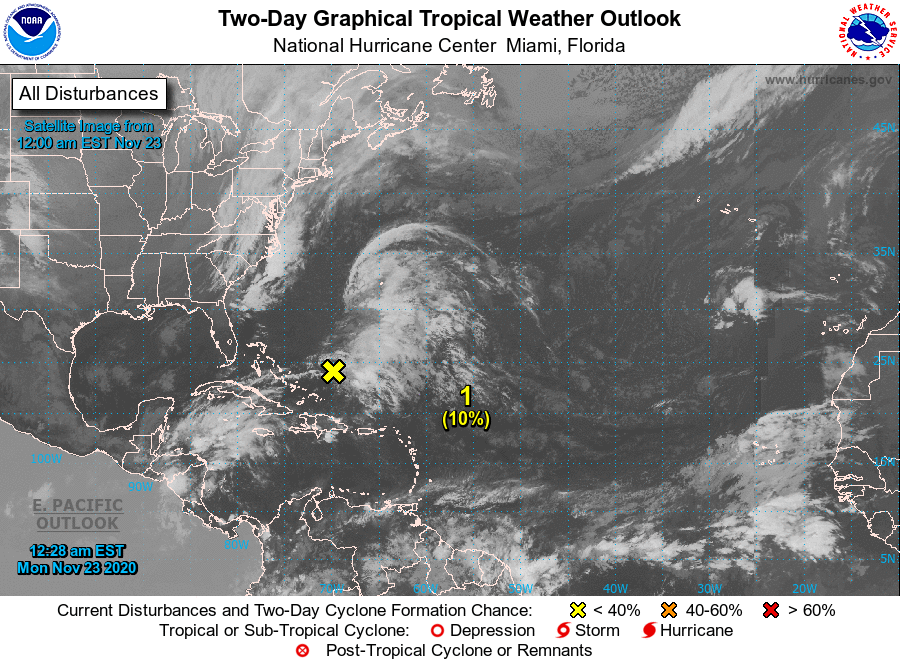
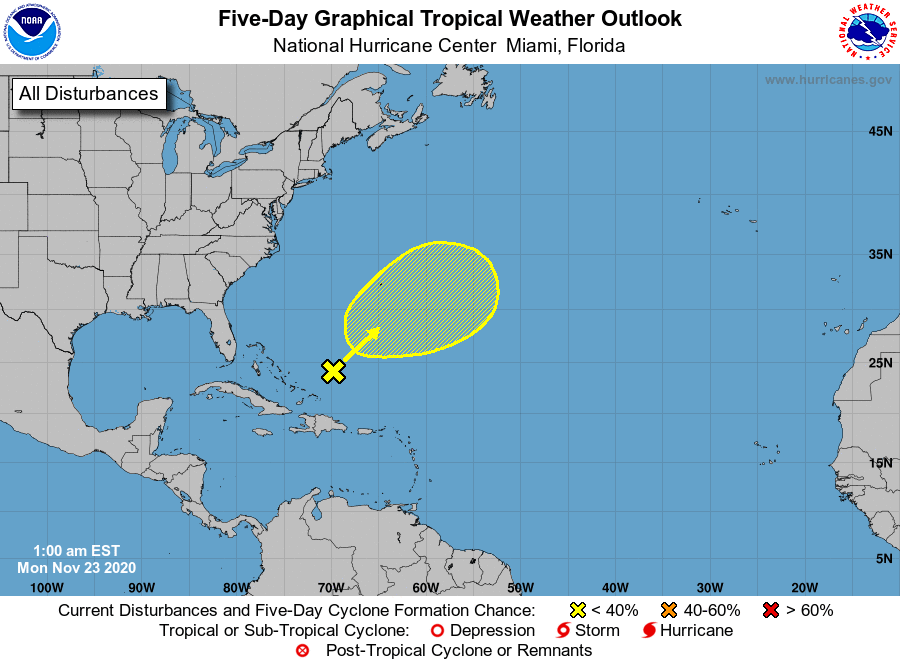
For the North Atlantic...Caribbean Sea and the Gulf of Mexico:

1. A broad, non-tropical low pressure system located a couple hundred miles east of the central Bahamas is producing widespread cloudiness but limited shower activity. There is a slight chance that the system could acquire some subtropical characteristics as it moves northeastward over the next day or so. On Tuesday, however, the disturbance is expected to merge with a cold front. Later in the week, this system may have a second opportunity to develop subtropical characteristics if it becomes separated from the front and meanders over the central Atlantic.
* Formation chance through 48 hours...low...10 percent.
* Formation chance through 5 days...low...20 percent.

Forecaster Stewart